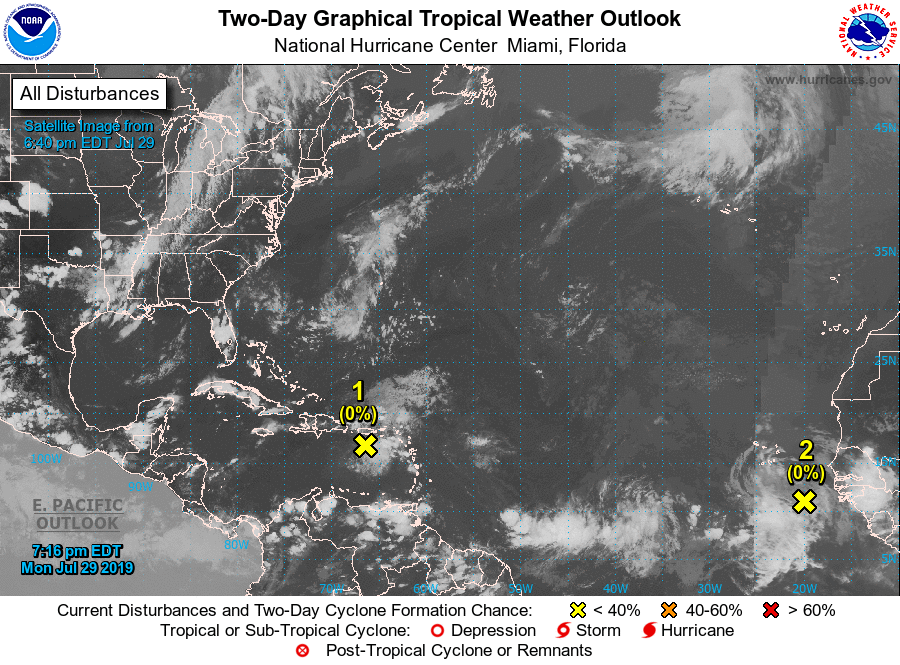
For the North Atlantic...Caribbean Sea and the Gulf of Mexico:

1. Shower activity associated with a tropical wave over the eastern Caribbean Sea remains disorganized. This system is expected to move west-northwestward with no significant development, producing locally heavy rainfall over Puerto Rico, Hispaniola, and portions of the southeastern Bahamas during the next few days. Over the weekend, conditions could become a little more conducive for development when the disturbance moves near Florida and the central and northwestern Bahamas.
* Formation chance through 48 hours...low...near 0 percent.
* Formation chance through 5 days...low...10 percent.

2. A tropical wave accompanied by a broad low pressure system is producing a large area of cloudiness and disorganized shower activity over the far eastern tropical Atlantic a few hundred miles southeast of Cabo Verde. Upper-level winds are expected to be unfavorable for any significant development of this disturbance during the next few days. However, environmental conditions are forecast to become a little more conducive for development over the weekend.
* Formation chance through 48 hours...low...near 0 percent.
* Formation chance through 5 days...low...20 percent.

Forecaster Stewart